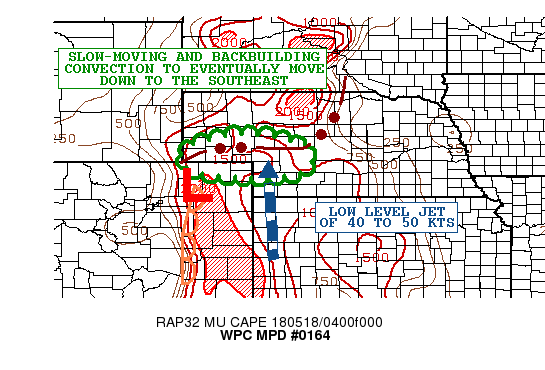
AREAS AFFECTED...FAR NORTHEAST CO...PANHANDLE OF NE...CENTRAL NE

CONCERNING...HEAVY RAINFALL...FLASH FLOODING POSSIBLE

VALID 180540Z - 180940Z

SUMMARY...VERY HEAVY RAINFALL IS EXPECTED WITH SLOW-MOVING AND
BACKBUILDING SHOWERS AND THUNDERSTORMS.

DISCUSSION...THE LATEST GOES-16 CLEAN IR SATELLITE LOOP SHOWS
IMPRESSIVELY COLD CONVECTIVE CLOUD CANOPY WITH SEVERAL
OVERSHOOTING TOPS IMPACTING PORTIONS OF THE THE NEBRASKA PANHANDLE
WITH CONVECTION SEEN BACKBUILDING AND REPEATING OVER THE SAME
AREA. THE CONVECTIVE AXIS IS BECOMING INCREASINGLY ORIENTED IN A
W/E AXIS AND IS BEGINNING TO STRETCH OUT TO THE EAST TOWARD
CENTRAL NEBRASKA.

THIS FOCUSED AREA OF CONVECTION IS SITUATED ALONG THE SOUTHERN
FLANK OF A SEVERE QLCS GOING ACROSS THE NORTH-CENTRAL PLAINS...AND
IS BEING NOTABLY AIDED BY SOUTHERLY LOW LEVEL JET OF 40 TO 50
KTS...AND A N/S AXIS OF MODERATE INSTABILITY CHARACTERIZED BY
MUCAPE VALUES OF OVER 2000 J/KG. THE OVERALL UPPER FLOW PATTERN IS
ALSO QUITE DIFFLUENT GIVEN THE PROXIMITY OF A DEEP UPPER TROUGH
OVER THE SOUTHWEST.

THE 00Z HIRES ARW/NMMB SOLUTIONS ARE NOT DOING A PARTICULARLY GOOD
JOB IN HANDLING THE FOCUSED NATURE OF THIS CONVECTION...AND THE
HRRR GUIDANCE IS DOING EVEN WORSE WITH VERY LITTLE CONVECTIVE
SIGNAL EVIDENT.

BASED ON THE DEGREE OF LOW LEVEL JET ENERGY AND AVAILABLE
INSTABILITY...THE CONVECTION SHOULD BE SUSTAINABLE ACROSS THIS
REGION FOR AT LEAST A FEW MORE HOURS...WITH A GENERAL PROPAGATION
OFF TO EAST AND IN TIME TO THE SOUTHEAST AS COLD POOL GENERATION
BECOMES BETTER ESTABLISHED. EXPECT RAINFALL RATES OF AS MUCH AS 2
INCHES/HR GIVEN THE OVERSHOOTING TOP ACTIVITY...WITH LOCALIZED
STORM TOTALS OF AS MUCH AS 4 TO 5 INCHES POSSIBLE GIVEN THE SLOW
MOVEMENT AND BACKBUILDING NATURE OF THE ACTIVITY. FLASH FLOODING
IS POSSIBLE.